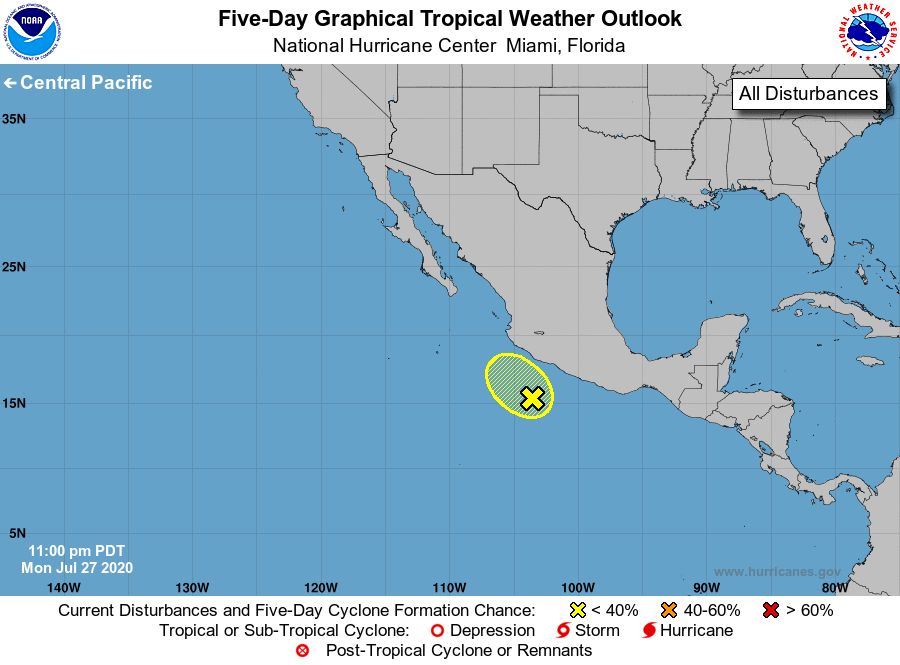
For the eastern North Pacific...east of 140 degrees west longitude:

1. A trough of low pressure located a couple of hundred miles off the coast of southwestern Mexico is producing an area of disorganized showers and thunderstorms. Strong upper-level winds are expected to inhibit significant development while the system moves slowly northwestward parallel to, but just offshore, the southwestern coast of Mexico during the next couple of days.
* Formation chance through 48 hours...low...10 percent.
* Formation chance through 5 days...low...10 percent.

Forecaster Berg